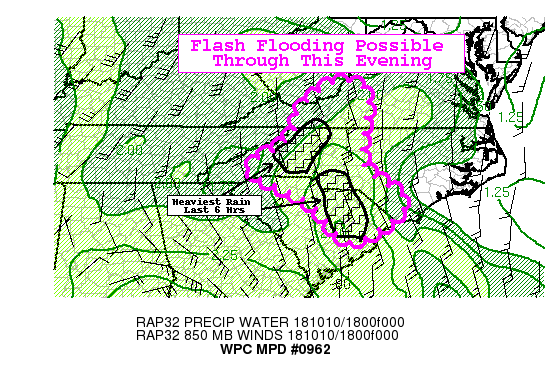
Areas affected...SC...NC...Southwest VA...Far Southern WV

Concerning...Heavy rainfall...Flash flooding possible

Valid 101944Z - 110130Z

Summary...A fetch of moisture off the Atlantic and in advance of
Hurricane Michael will continue to bring locally heavy rain to
parts of the Carolinas and southwest VA through this evening. With
some hourly rates exceeding 1.5", localized flash flooding may
occur.

Discussion...Strong moisture feed in advance of Hurricane Michael
and on the periphery of the subtropical ridge breaking down has
led to northwest-southeast oriented bands of locally heavy rain
across portions of SC into central/western NC. A recent RAP
analysis showed instability ranges from 1000-2000 J/kg across the
area within a plume of high PWATs (1.9-2.2"). GOES-East IR imagery
over the last few hours has shown occasional cooling cloud tops
across SC where convection has blossomed. Radar imagery from KCAE
shows hourly rates of 1 to 1.5" in a few elongated bands of
convection.

6-hourly MRMS QPE ending 18z showed two areas of heavy rainfall,
one across eastern SC into portions of south-central NC (1 to
locally 3") and then across northwest NC into far southwest (1 to
locally 2").

Hi-res models indicate current showers and thunderstorms will lift
northward further into central/western NC and spread across
portions of southwest VA through the remainder of the afternoon
and into the early evening hours. There's potential for additional
1 to locally 2 inches of rain, especially across portions of SC.
Also, with some orographic/terrain influences, HREF probabilities
hint at enhanced/heavier precipitation across western NC and
southwest VA, which is where the FFG is lower compared to the rest
of the area.

Given the recent heavy rainfall in places, some localized flash
flooding will be possible.